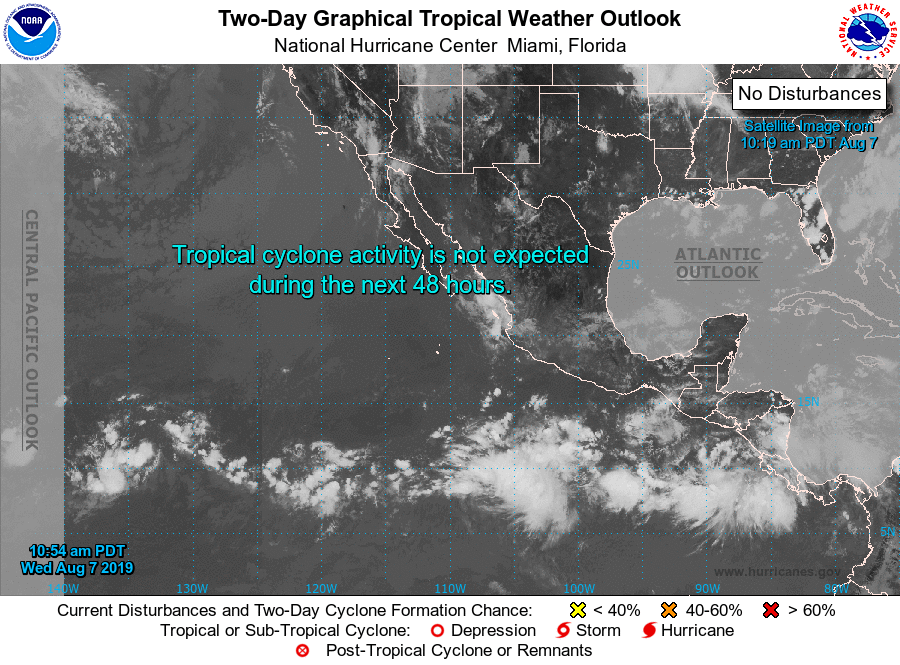
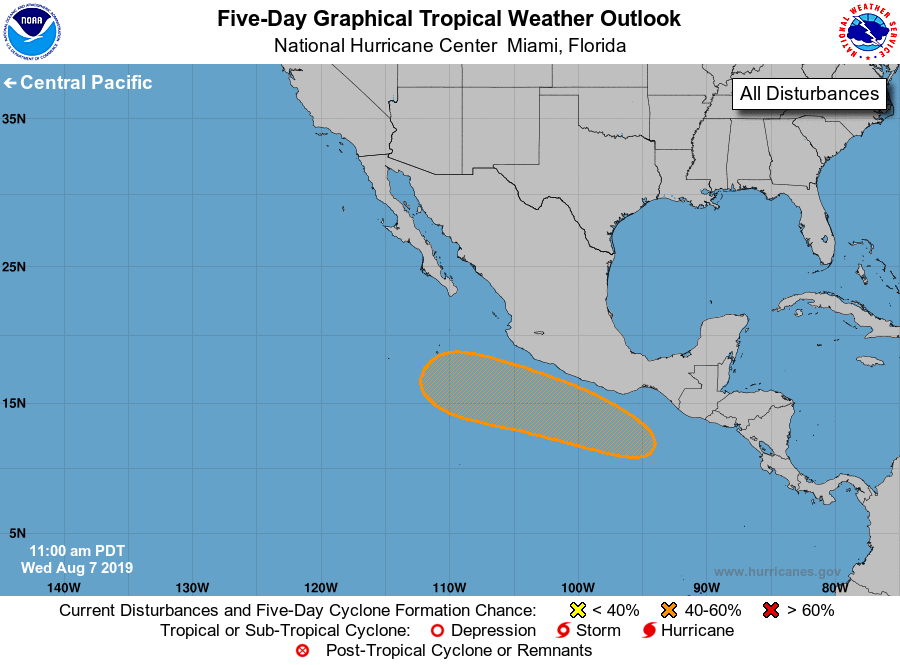
For the eastern North Pacific...east of 140 degrees west longitude:

1. A low pressure area is forecast to form a few hundred miles south of the southern coast of Mexico by the end of the week. Thereafter, environmental conditions are expected to be somewhat conducive for development, and a tropical depression could form early next week while it moves west-northwestward at 10 to 15 mph, within a couple of hundred miles of the coast of southwestern Mexico.
* Formation chance through 48 hours...low...near 0 percent.
* Formation chance through 5 days...medium...50 percent.

Forecaster Blake